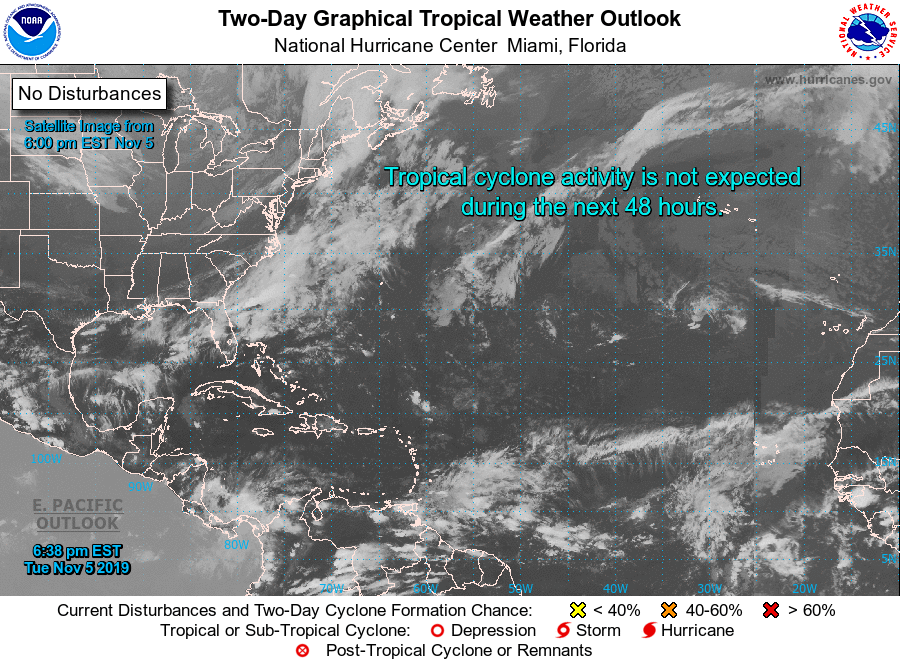
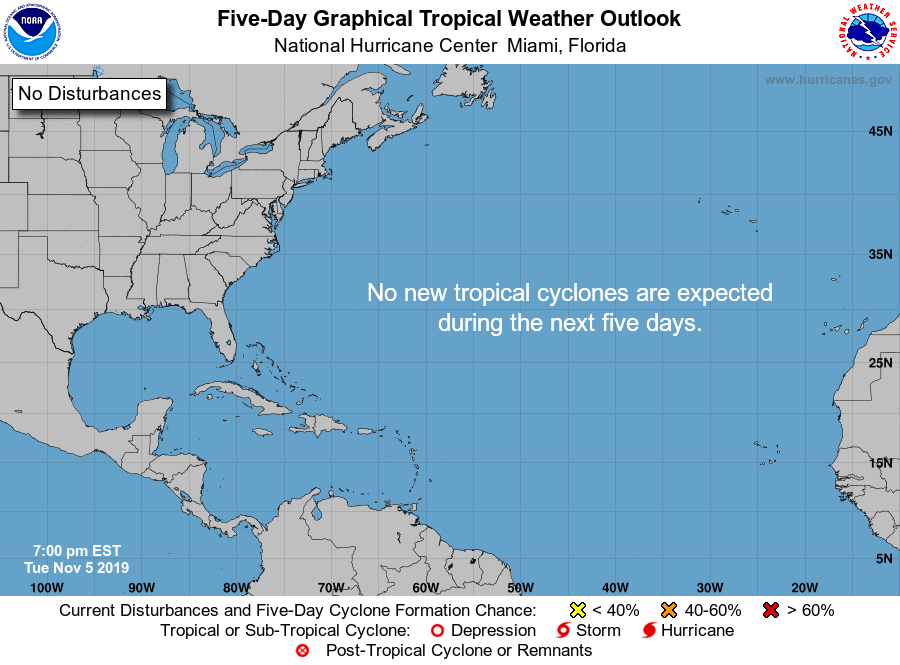
For the North Atlantic...Caribbean Sea and the Gulf of Mexico:

Tropical cyclone formation is not expected during the next 5 days.

Forecaster Stewart